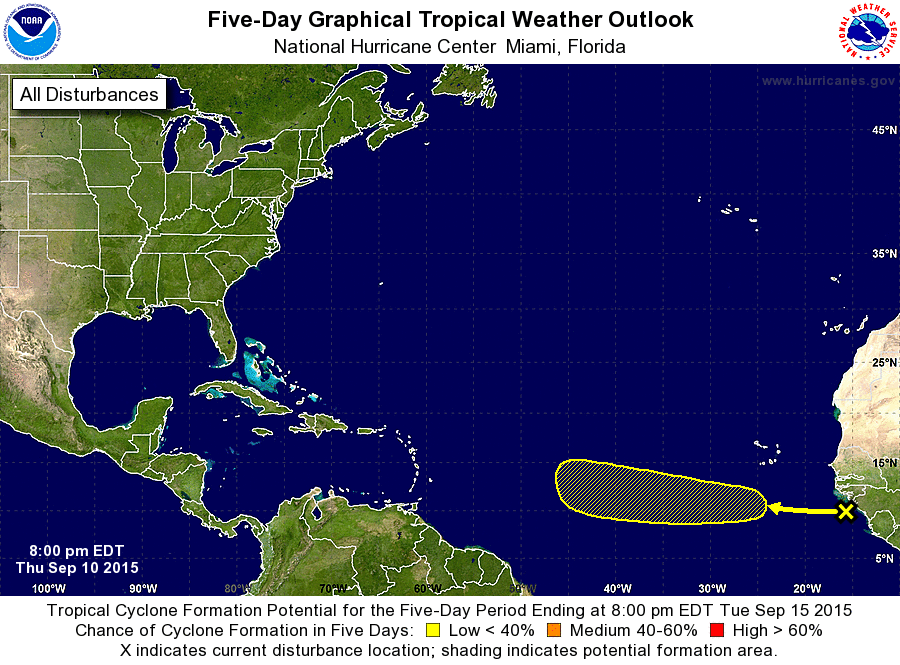
For the North Atlantic...Caribbean Sea and the Gulf of Mexico:

The National Hurricane Center is issuing advisories on Tropical Storm Henri, located a few hundred miles east-northeast of Bermuda.

1. A tropical wave located near the coast of Africa continues to produce disorganized shower activity. Some slow development of this wave is possible during the next several days while it moves westward across the tropical Atlantic at about 15 mph.
* Formation chance through 48 hours...low...near 0 percent
* Formation chance through 5 days...low...30 percent

Forecaster Beven